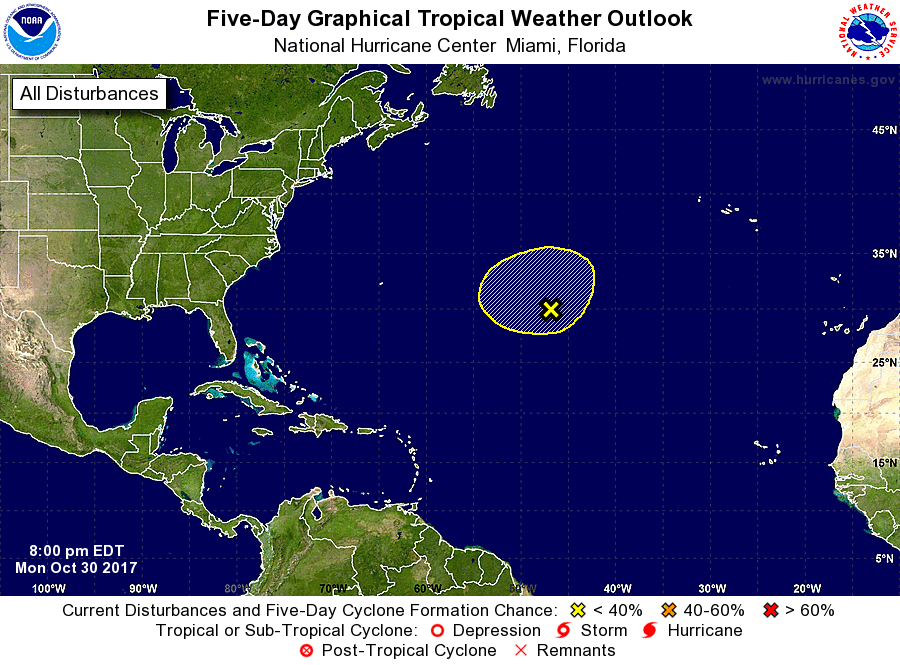
For the North Atlantic...Caribbean Sea and the Gulf of Mexico:

1. A non-tropical area of low pressure located about 1000 miles east- southeast of Bermuda is producing some disorganized shower and thunderstorm activity northeast of the center. This low could gradually acquire some subtropical or tropical characteristics during the couple of days while it meanders over the central Atlantic Ocean between Bermuda and the Azores.
* Formation chance through 48 hours...low...20 percent.
* Formation chance through 5 days...low...30 percent.

Forecaster Brennan